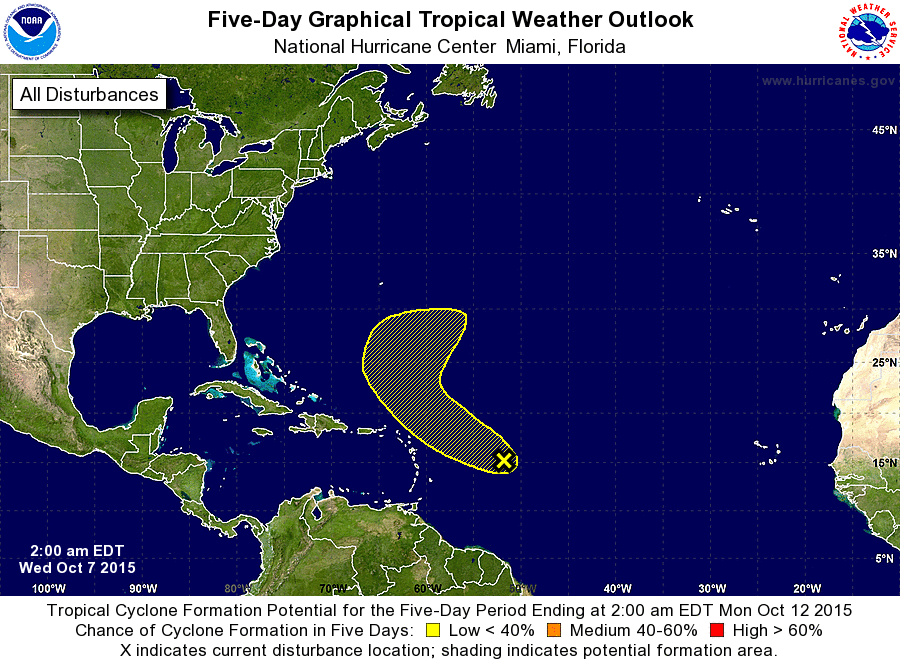
For the North Atlantic...Caribbean Sea and the Gulf of Mexico:

The National Hurricane Center is issuing advisories on Hurricane Joaquin, located several hundred miles south of Cape Race, Newfoundland.

1. A tropical wave located about 550 miles east of the Leeward Islands is producing an elongated area of showers and thunderstorms. Upper-level winds are forecast to remain unfavorable for tropical cyclone formation for the next several days, and any development of this disturbance should be slow to occur while it moves west-northwestward to northwestward at 15 to 20 mph.
* Formation chance through 48 hours...low...near 0 percent
* Formation chance through 5 days...low...10 percent

Forecaster Beven